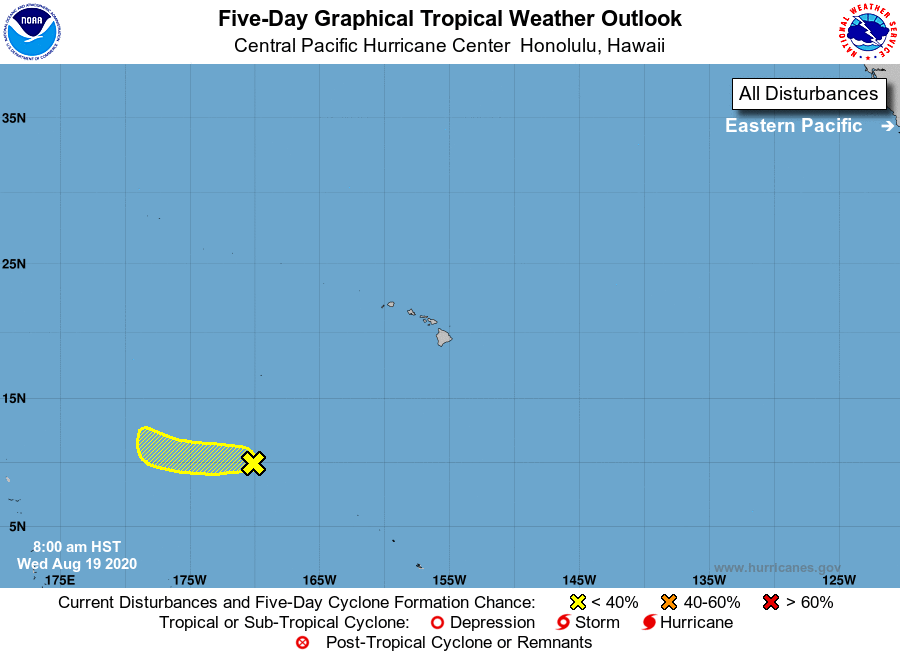
For the central North Pacific...between 140W and 180W:

1. Showers and thunderstorms remain disorganized with an area of low pressure some 1150 miles southwest of Honolulu, Hawaii. Environmental conditions are not expected to be conducive for development as the system moves toward the west near 10 mph.
* Formation chance through 48 hours...low...near 0 percent.
* Formation chance through 5 days...low...10 percent.

Elsewhere, no tropical cyclones are expected during the next 5 days.

Forecaster M Ballard